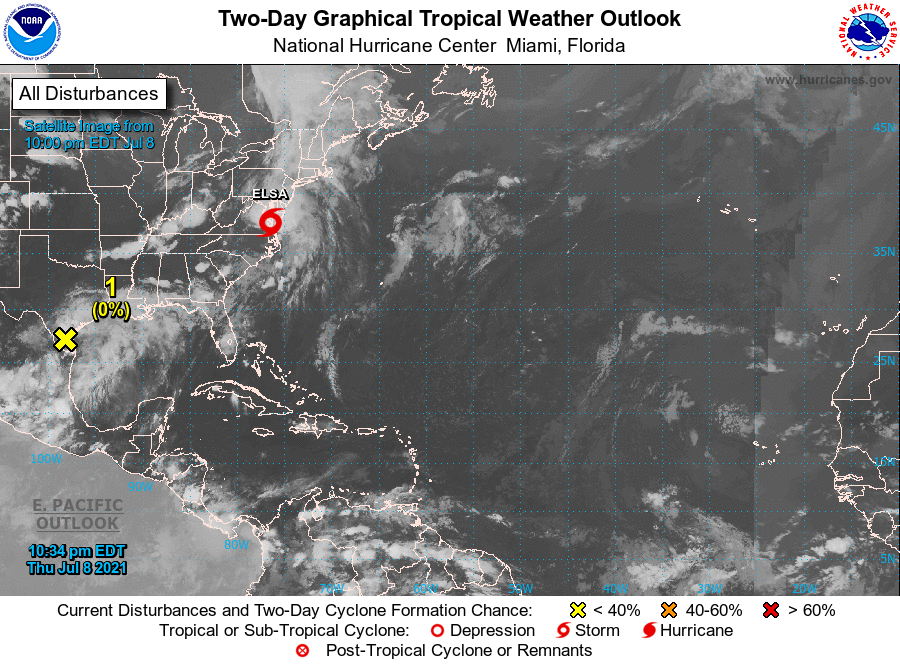
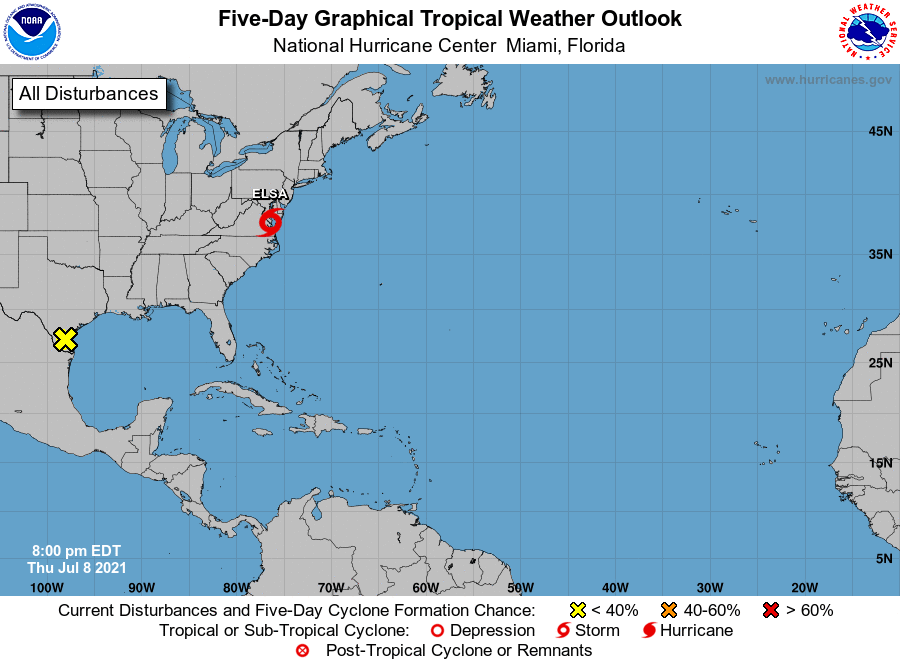
For the North Atlantic...Caribbean Sea and the Gulf of Mexico:

The National Hurricane Center is issuing advisories on Tropical Storm Elsa, located inland over eastern Virginia.

1. A broad area of low pressure, over south Texas, is producing a large area of disorganized showers and thunderstorms over the northwestern Gulf of Mexico. Although development of this system is not anticipated since it is expected to drift westward and remain over land, heavy rainfall and flash flooding will be possible along the Texas Gulf coast over the next couple of days. See products issued by your local National Weather Service Forecast Office for additional information.
* Formation chance through 48 hours...low...near 0 percent.
* Formation chance through 5 days...low...near 0 percent.

Forecaster Roberts